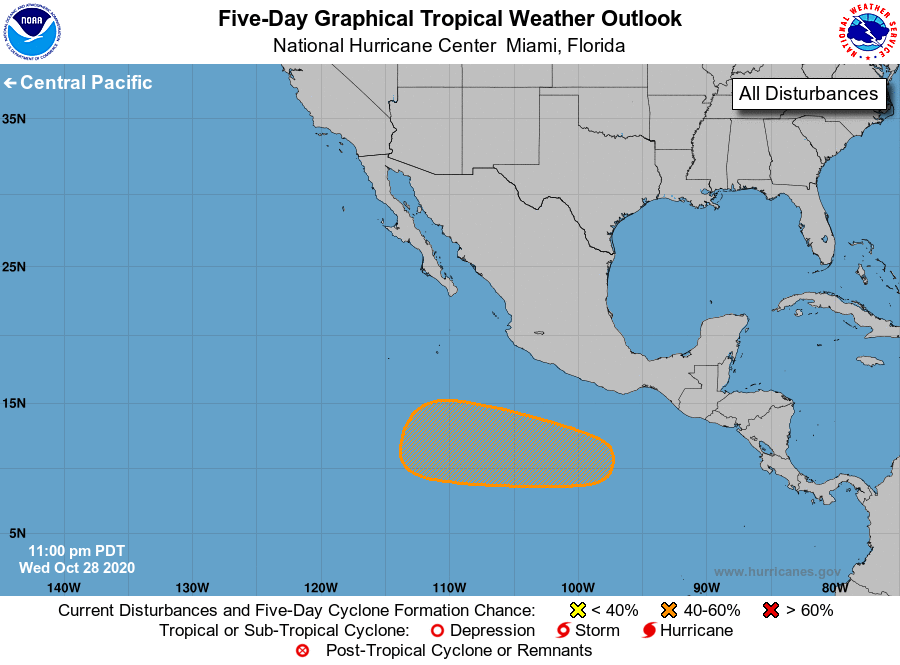
For the eastern North Pacific...east of 140 degrees west longitude:

1. A broad trough of low pressure is expected to form south of the coast of southern Mexico during the next couple of days. Environmental conditions appear conducive for gradual development over the weekend, and a tropical depression could form by early next week as the system moves westward or west-northwestward.
* Formation chance through 48 hours...low...near 0 percent.
* Formation chance through 5 days...medium...60 percent.

Forecaster Latto